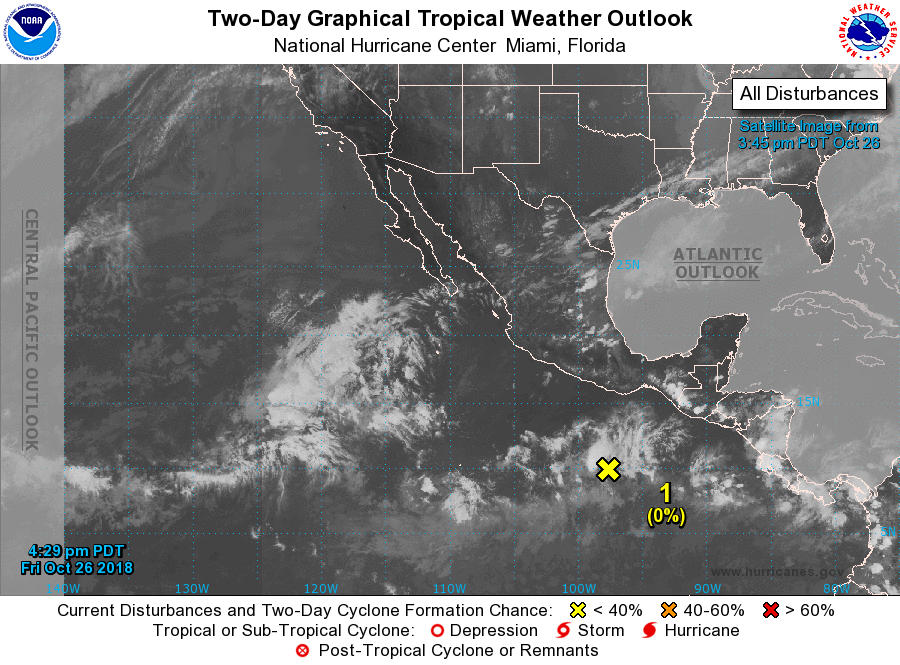
For the eastern North Pacific...east of 140 degrees west longitude:

1. A trough of low pressure continues to produce disorganized showers and thunderstorms several hundred miles south-southwest of the Gulf of Tehuantepec. Although strong upper-level winds and nearby dry air should limit development during the next couple of days, slow organization of this disturbance is possible early next week while it moves generally westward at 10 to 15 mph.
* Formation chance through 48 hours...low...near 0 percent.
* Formation chance through 5 days...low...30 percent.

Forecaster Blake